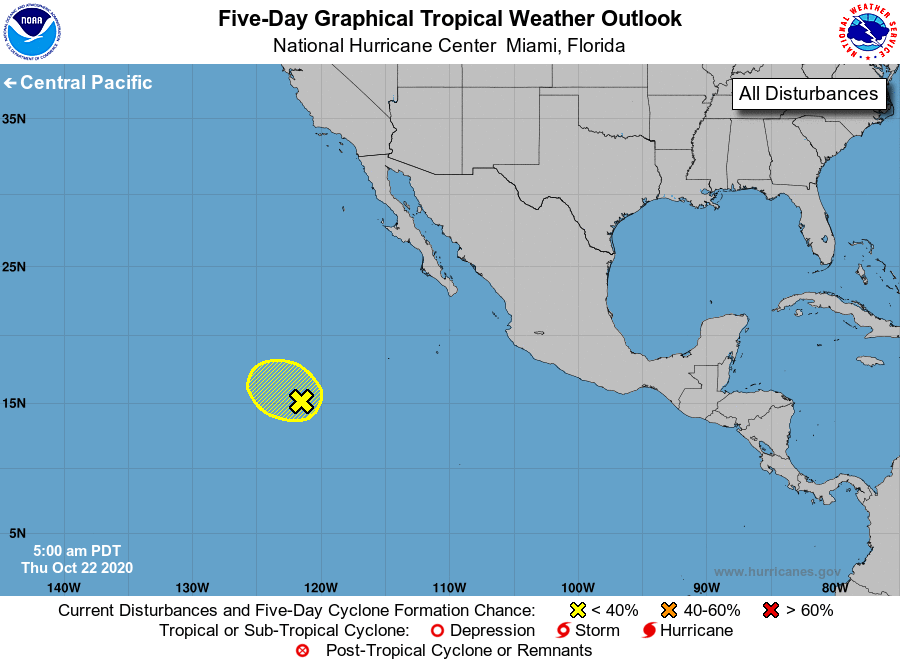
For the eastern North Pacific...east of 140 degrees west longitude:

1. A westward-moving broad area of low pressure located nearly 1000 miles southwest of the southern tip of the Baja California peninsula is producing disorganized showers and thunderstorms. Some limited development of this system could occur within the next day or so before upper-level winds become unfavorable for further development.
* Formation chance through 48 hours...low...10 percent.
* Formation chance through 5 days...low...10 percent.

Forecaster Brown